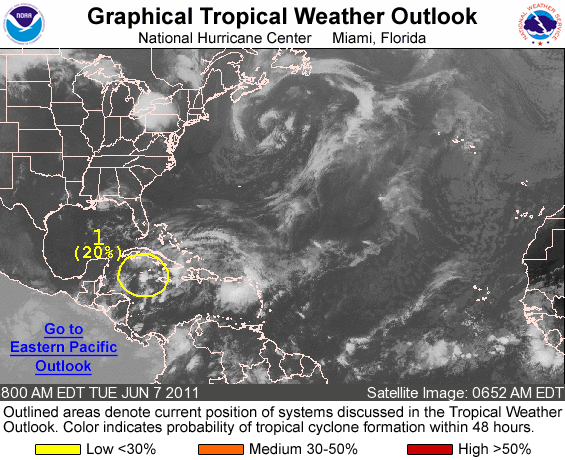
FOR THE NORTH ATLANTIC...CARIBBEAN SEA AND THE GULF OF MEXICO...

1. A LARGE LOW PRESSURE AREA LOCATED OVER THE NORTHWESTERN CARIBBEAN SEA ABOUT 100 MILES SOUTH-SOUTHWEST OF GRAND CAYMAN IS PRODUCING DISORGANIZED SHOWER AND THUNDERSTORM ACTIVITY. UPPER-LEVEL WINDS ARE BECOMING LESS FAVORABLE FOR DEVELOPMENT OF THIS SYSTEM...AND THE AIR FORCE RESERVE RECONNAISSANCE MISSION SCHEDULED TO INVESTIGATE THE SYSTEM THIS AFTERNOON HAS BEEN CANCELED. THERE IS A LOW CHANCE...20 PERCENT...OF THIS SYSTEM BECOMING A TROPICAL CYCLONE DURING THE NEXT 48 HOURS. REGARDLESS OF DEVELOPMENT... HEAVY RAINS COULD CAUSE FLASH FLOODS AND MUD SLIDES OVER PORTIONS OF HAITI...THE DOMINICAN REPUBLIC...JAMAICA...AND CUBA AS THE SYSTEM MOVES SLOWLY TOWARD THE NORTHWEST OR NORTH DURING THE NEXT COUPLE OF DAYS.

ELSEWHERE...TROPICAL CYCLONE FORMATION IS NOT EXPECTED DURING THE NEXT 48 HOURS.

FORECASTER BRENNAN